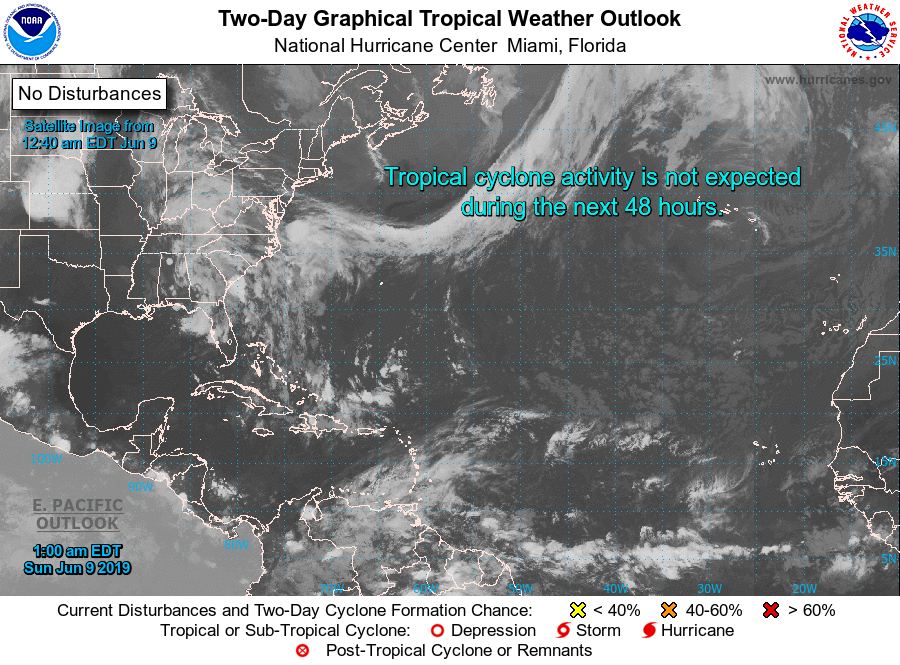
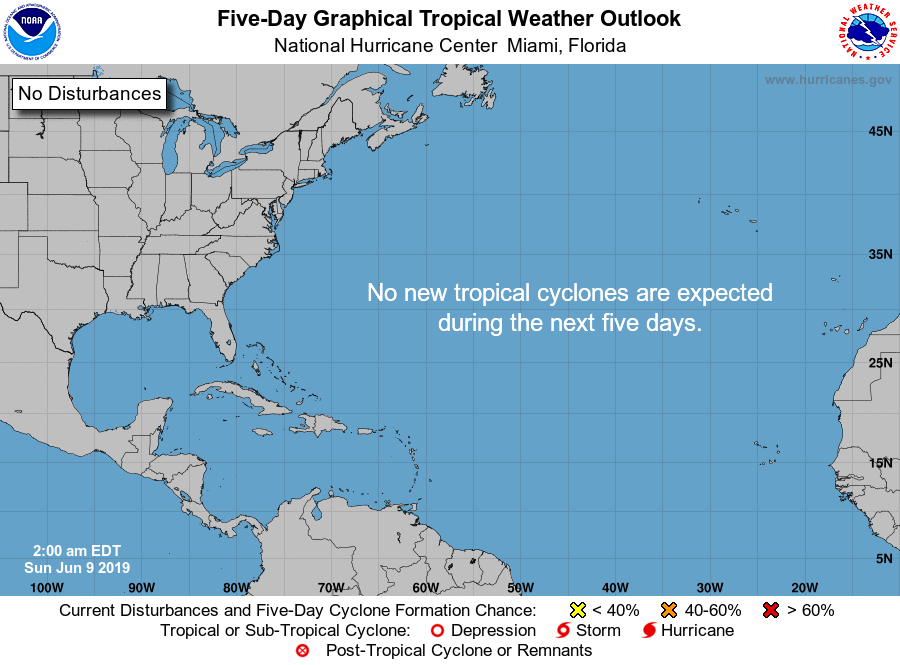
For the North Atlantic...Caribbean Sea and the Gulf of Mexico:

Tropical cyclone formation is not expected during the next 5 days.

Forecaster Berg